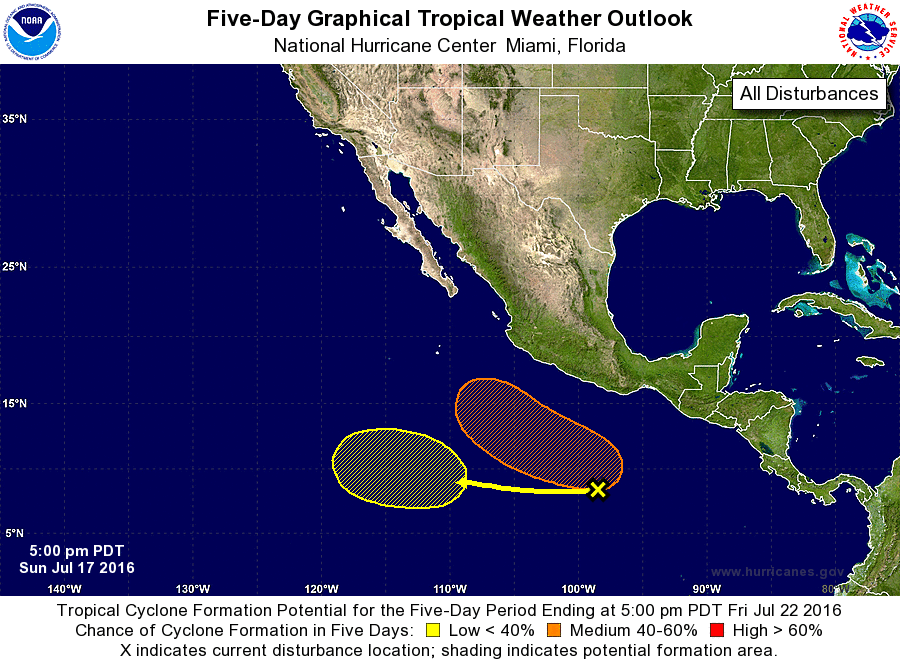
For the eastern North Pacific...east of 140 degrees west longitude:

The National Hurricane Center is issuing advisories on Hurricane Darby, located over 1200 miles west-southwest of the southern tip of the Baja California peninsula, and on Tropical Storm Estelle, located nearly 500 miles south-southwest of the southern tip of the Baja California peninsula.

1. A trough of low pressure located several hundred miles south of Acapulco, Mexico, is producing disorganized showers and a few thunderstorms. Some slow development of this system is possible later this week while it moves westward at about 10 mph.
* Formation chance through 48 hours...low...near 0 percent
* Formation chance through 5 days...low...20 percent

2. An area of low pressure is expected to form well south of the Gulf of Tehuantepec in a few days. Environmental conditions are expected to be conducive for development by mid-week, and a tropical depression could form by late this week while it moves west- northwestward at about 10 mph.
* Formation chance through 48 hours...low...near 0 percent
* Formation chance through 5 days...medium...50 percent

Forecaster Blake